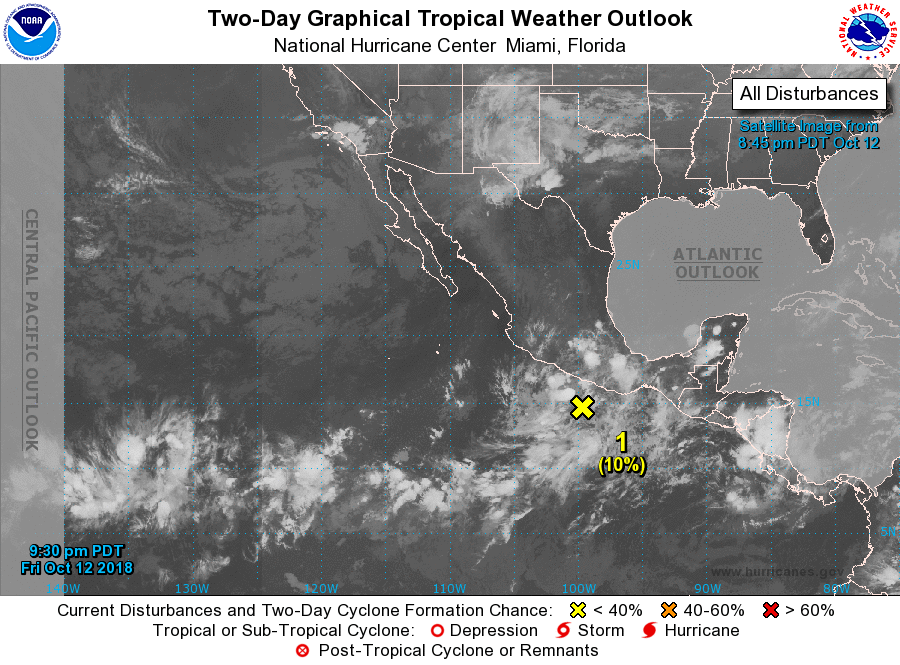
For the eastern North Pacific...east of 140 degrees west longitude:

The National Hurricane Center has issued the last advisory on the remnants of Sergio, located over northwestern Mexico.

1. A trough of low pressure is producing a large area of disorganized showers and thunderstorms along and off the coast of southern Mexico. This system is drifting toward the west-northwest, and development, if any, of this system should be slow to occur before it moves inland over Mexico this weekend.
* Formation chance through 48 hours...low...10 percent.
* Formation chance through 5 days...low...10 percent.

Forecaster Blake